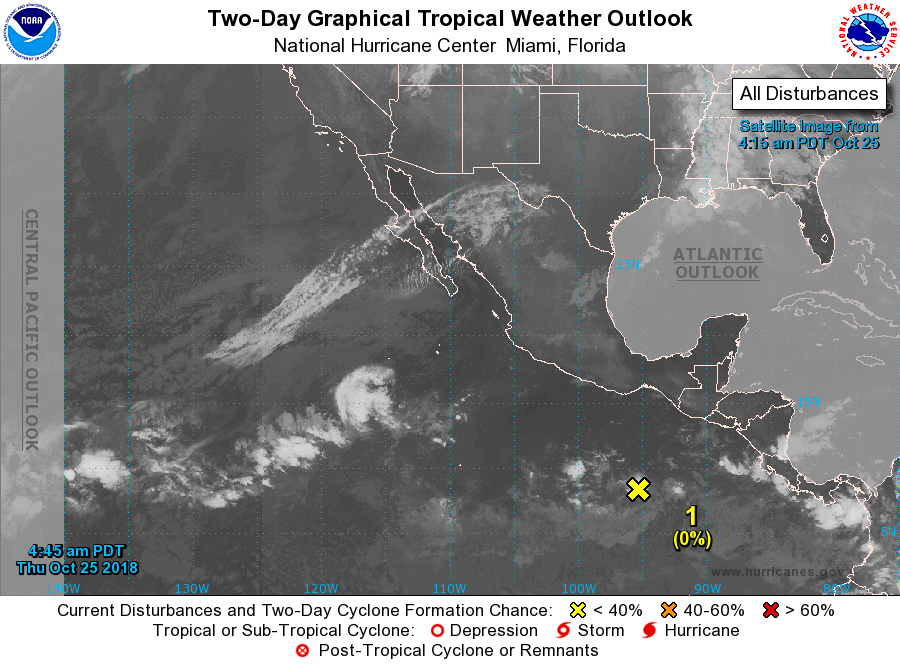
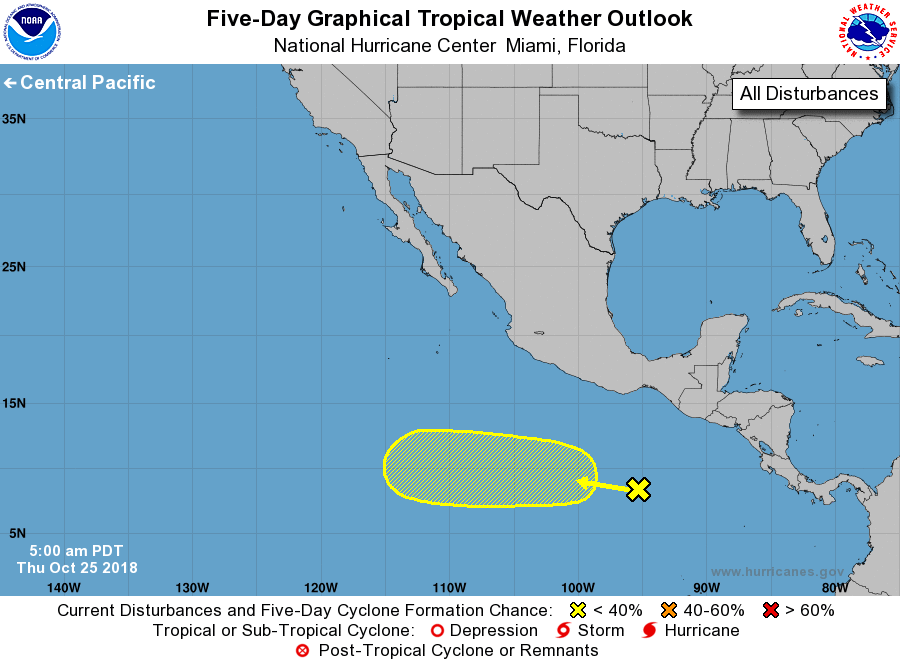
For the eastern North Pacific...east of 140 degrees west longitude:

1. A trough of low pressure is producing limited shower activity several hundred miles south of the Gulf of Tehuantepec. Some gradual development of this system is possible through early next week while the system moves generally westward at 10 to 15 mph, far from land.
* Formation chance through 48 hours...low...near 0 percent.
* Formation chance through 5 days...low...20 percent.

Forecaster Zelinsky